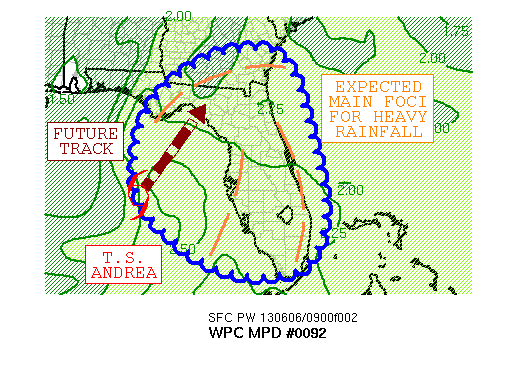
AREAS AFFECTED...MOST OF FL...SOUTHERN GA

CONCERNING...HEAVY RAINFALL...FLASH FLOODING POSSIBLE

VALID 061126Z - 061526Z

SUMMARY...TROPICAL STORM ANDREA IS MOVING NORTH-NORTHEAST TOWARDS
THE NORTHERN FL PENINSULA THIS MORNING.  LOCAL FLASH FLOODING IS
EXPECTED ACROSS THE REGION...WITH 3-5 INCHES OF RAIN POSSIBLE
WITHIN A COUPLE HOURS.

DISCUSSION...TROPICAL STORM ANDREA IS EXPECTED TO MOVE
NORTH-NORTHEAST TOWARDS THE PERRY FL AREA TODAY.  ITS
PRECIPITATION AREA IS EVOLVING, AS SOUTHWESTERLY VERTICAL WIND
SHEAR IS CAUSING THE PATTERN TO TAKE ON A COMMA-LIKE APPEARANCE,
WITH SOME CONVECTION BECOMING FORCED NORTHWEST OF ITS CENTER.
THIS COMMA HEAD WOULD MOVE ACROSS THE EASTERN FL PANHANDLE AND
NORTHEAST FL LATER THIS MORNING.  ALTHOUGH FLASH FLOOD GUIDANCE
VALUES -- FFGS -- ARE HIGH, THE INITIAL CONVECTIVE BAND IN
SOUTHERN AND EASTERN FLORIDA IS SLOWING TO A CRAWL IN AN AREA WITH
THE BEST SURFACE-BASED CAPE/INSTABILITY.  ITS EASTWARD PROGRESSION
AND SOUTHWARD EXTENT ARE BEING POORLY HANDLED BY THE 06Z HRRR, 00Z
NAM CONEST, 00Z ARW, AND 00Z NMM.  THIS SLOWED EASTWARD
PROGRESSION IS UPPING THE ANTE FOR FLASH FLOODING NEAR THE GOLD,
TREASURE, AND SPACE COASTS INTO MID-MORNING.  THE PRIMARY RAINFALL
BAND IS EXPECTED TO MOVE INTO THE WEST-CENTRAL FLORIDA DURING THIS
TIME FRAME, WHICH COULD ALSO LEAD TO FLASH FLOODING MID-MORNING
ONWARD.  THESE THREE FOCI FOR HEAVY RAINFALL LEAD TO A LARGE AREA
BEING DEPICTED IN THE ASSOCIATED GRAPHICAL PRODUCT.  PRECIPITABLE
WATER VALUES -- PWS --  OF 2-2.5 INCHES WOULD LEAD TO LOCAL
RAINFALL AMOUNTS OF 3-5 INCHES WITHIN A COUPLE HOURS' TIME.